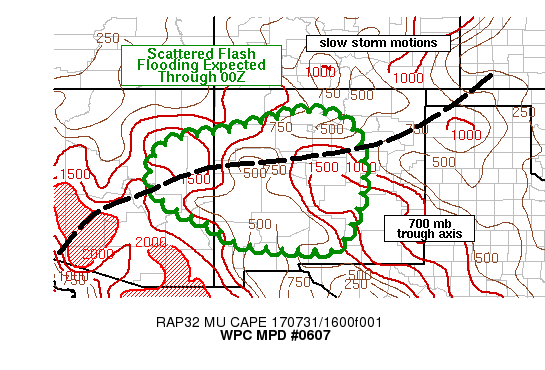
AREAS AFFECTED...ERN AZ INTO NM

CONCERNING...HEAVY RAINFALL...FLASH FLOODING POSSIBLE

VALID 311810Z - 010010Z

SUMMARY...SLOW STORM MOTIONS WITHIN ANOMALOUSLY HIGH MONSOONAL
MOISTURE WILL PROMOTE AN INCREASING FLASH FLOOD THREAT INTO THE
REMAINDER OF THE AFTERNOON. RAINFALL RATES OF 1-2 IN/HR WILL BE
POSSIBLE WITHIN THE STRONGER CORES.

DISCUSSION...12Z MORNING ANALYSIS REVEALED A 700-500 MB TROUGH
AXIS EXTENDING FROM CNTRL AZ INTO CNTRL NM...CAUGHT IN BETWEEN TWO
RIDGE AXES...CENTERED OVER NRN NV AND WEST TX AT 12Z. WHILE
CONVERGENCE ALONG THE TROUGH AXIS WAS WEAK GIVEN WEAK LOW-MID
LEVEL WIND SPEEDS...GPS SITE PRECIPITABLE WATER VALUES ARE SHOWING
1 TO 2 TENTHS OF AN INCH HIGHER ACROSS PORTIONS OF NM COMPARED TO
YESTERDAY AT 17Z. CURRENT PRECIPITABLE WATER VALUES VARIED QUITE A
BIT FROM NEAR 1 INCH TO 1.4 INCHES ACROSS THE REGION. THE 12Z
SOUNDING FROM ABQ REVEALED A PRECIPITABLE WATER VALUE OF 1.2
INCHES WITH NO LAYERS OF LOWERED RELATIVE HUMIDITY VALUES FROM THE
SURFACE TO THE TROPOPAUSE AND 0-6 KM MEAN WIND OF 7 KT.

EXPERIMENTAL GOES 16 VISIBLE SATELLITE IMAGERY OVER THE PAST HOUR
HAS SHOWN CLEAR TO PARTLY CLOUDY SKIES ALONG AND WEST OF THE SRN
CONTINENTAL DIVIDE GIVING WAY TO TOWERING CUMULUS AND SCATTERED
THUNDERSTORM DEVELOPMENT. SOLAR INSOLATION IN REGIONS OF CLEAR
SKIES WILL HELP TO INCREASE CAPE THROUGH THE AFTERNOON WITH
FORECAST VALUES BY THE RAP REACHING INTO THE 1000-2500 J/KG RANGE
BY 22Z. AN INCREASING COVERAGE OF CONVECTION WITH SLOW STORM
MOTIONS SHOULD BE EXPECTED THROUGH 00Z WITH RAINFALL RATES OF 1-2
IN/HR.

GIVEN PORTIONS OF ERN AZ INTO NWRN/CNTRL NM HAVE RECEIVED OVER 300
PERCENT OF NORMAL RAINFALL OVER THE PAST WEEK...THE ANOMALOUS
MOISTURE PRESENT AND SLOW FORECAST STORM MOTIONS LESS THAN 10
KT...SCATTERED AREAS OF FLASH FLOODING ARE EXPECTED TO DEVELOP
DURING THE AFTERNOON TODAY. WEAK BULK SHEAR VALUES OF 20 KT OR
LESS SHOULD LIMIT OVERALL STORM ORGANIZATION EXCEPT PERHAPS ACROSS
N-CNTRL/E-CNTRL NM BY EVENING WHERE INCREASING SHEAR AND WEAK ELY
UPSLOPE FLOW INTO THE HIGHER TERRAIN MAY HELP ENHANCE STORM
ORGANIZATION/LONGEVITY A BIT MORE COMPARED TO WEST OF THE DIVIDE.